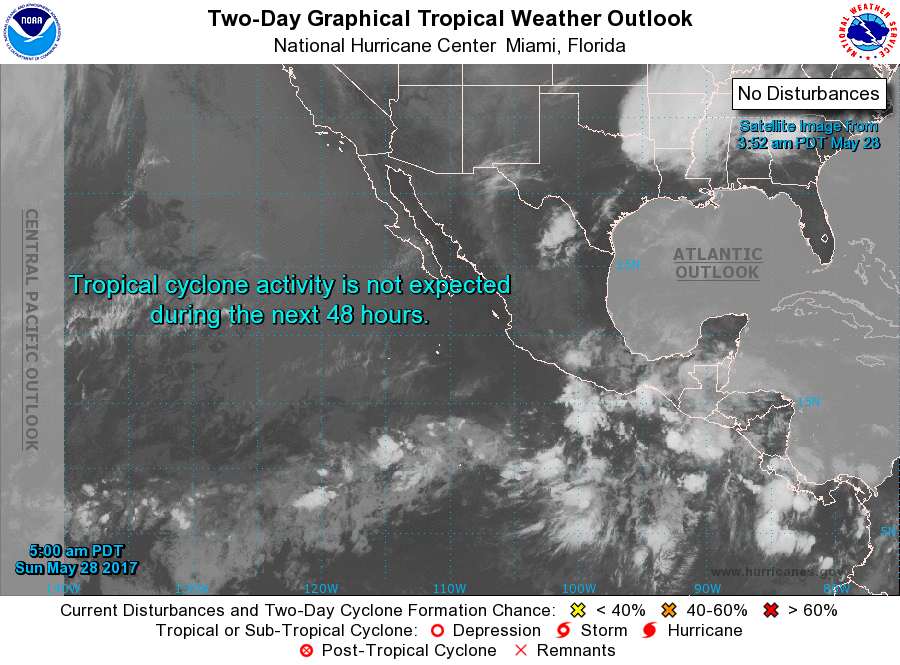
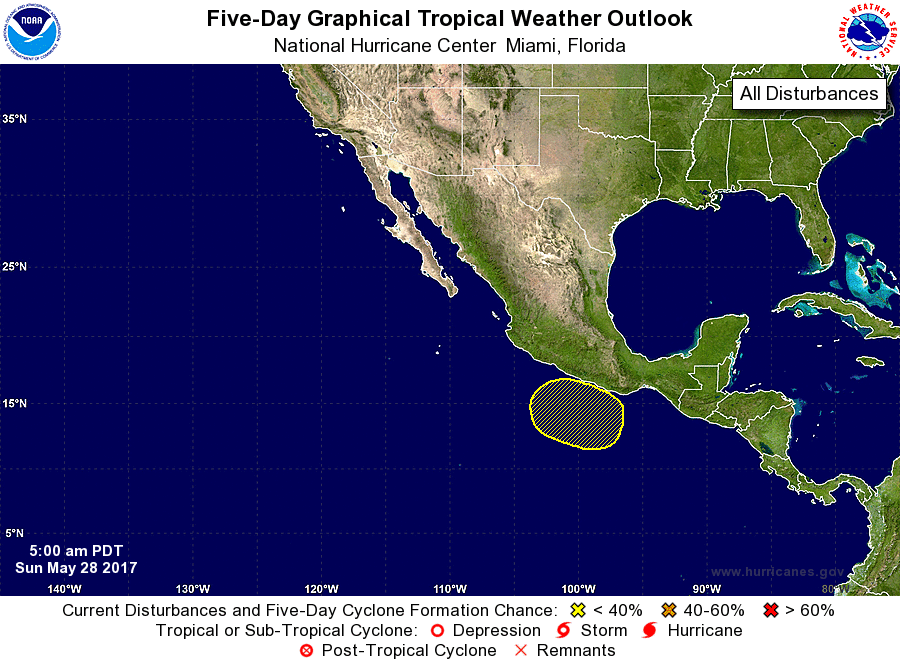
For the eastern North Pacific...east of 140 degrees west longitude:

1. An area of low pressure is likely to form a couple of hundred miles south of the southern coast of Mexico by the middle of this week. Some development of this system is possible while it moves slowly to the south of the Mexican coast.
* Formation chance through 48 hours...low...near 0 percent.
* Formation chance through 5 days...low...30 percent.

Forecaster Stewart